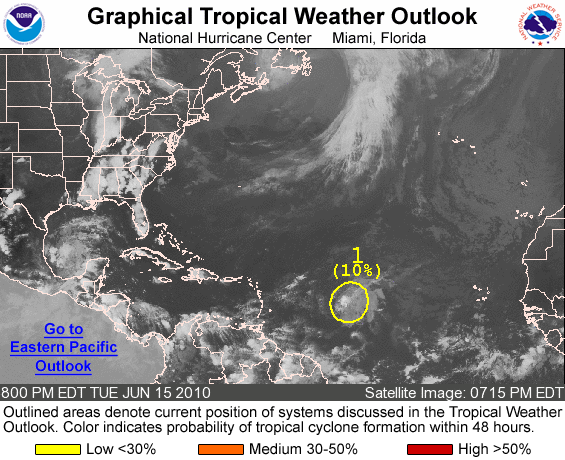
FOR THE NORTH ATLANTIC...CARIBBEAN SEA AND THE GULF OF MEXICO...

1. AN AREA OF LOW PRESSURE LOCATED ABOUT 900 MILES EAST OF THE LESSER ANTILLES IS PRODUCING LIMITED SHOWER AND THUNDERSTORM ACTIVITY. UPPER-LEVEL WINDS HAVE BECOME UNFAVORABLE FOR TROPICAL CYCLONE FORMATION AND THERE IS A LOW CHANCE...10 PERCENT...OF THIS SYSTEM BECOMING A TROPICAL CYCLONE DURING THE NEXT 48 HOURS AS IT MOVES WEST-NORTHWESTWARD TO NORTHWESTWARD NEAR 15 MPH.

ELSEWHERE...TROPICAL CYCLONE FORMATION IS NOT EXPECTED DURING THE NEXT 48 HOURS.

FORECASTER CANGIALOSI/BEVEN